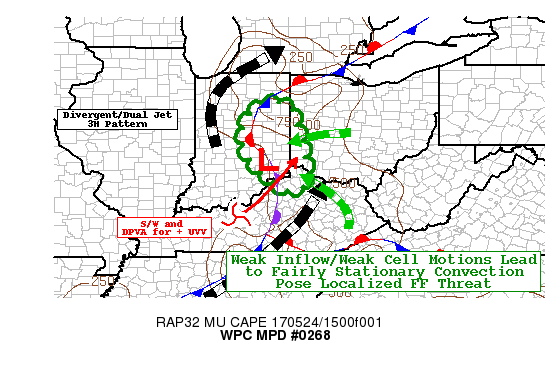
AREAS AFFECTED...EASTERN IND...NORTHERN KY...SOUTHWEST OH

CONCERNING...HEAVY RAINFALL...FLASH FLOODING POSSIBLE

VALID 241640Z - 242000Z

SUMMARY...NEARLY STATIONARY CONVECTION WITH REDEVELOPMENT MAY
SUPPORT ISOLATED TOTALS IN THE 2-3" RANGE AND LOCALIZED FF
CONCERNS IN THE SHORT-TERM.

DISCUSSION...RADAR MOSAIC AND GOES-16 VIS LOOP INDICATES
CONVECTIVE DEVELOPMENT OVER E IND HAS REACHED A HEALTHY BALANCE OF
INFLOW/CONVECTIVE STRENGTH AND CELL MOTIONS TO ALLOW FOR A NARROW
BAND OF THUNDERSTORMS TO REMAIN FAIRLY STATIONARY OVER THE LAST
HOUR OR SO.  RAP ANALYSIS SUGGESTS A MODEST POOL OF INSTABILITY
WITH MUCAPES TO 1000 J/KG WITH MODEST MOISTURE TO SUPPORT
CONVECTION SUPPORTING RAIN RATES UP TO 1.5"/HR.  INFLOW IS FAIRLY
MODEST WITH 5-10 KTS OF EASTERLY 850MB WINDS AND WITH CELL MOTIONS
ABOUT EQUAL BUT TOWARD THE NNW...UPSTREAM REDEVELOPMENT FROM THE
LOW LEVEL INFLOW SUPPORTS EFFECTIVELY STATIONARY PROPAGATION.

SHORTWAVE WITHIN DEEP UPPER LOW IS LIFTING NNE PROVIDING
SUFFICIENT DPVA AND FURTHER DIVERGENCE IN THE 4-250MB REGION TO
SUPPORT UL EVACUATION TO MAINTAIN BROAD SCALE UVVS TOO LIKELY
EXPANDING THE THREAT FURTHER SOUTH TOWARD CVG (WHERE FFG VALUES
ARE LOWER).  AN ADDITIONAL HOUR OR SO OF STATIONARY MOTIONS SHOULD
PERSIST BEFORE LOW LEVEL INFLOW INCREASES FROM THE EAST TO
15-20KTS (85H) AROUND 19Z...THIS SHOULD SUPPORT FORWARD (EASTWARD)
PROPAGATION AND LIMIT FLASH FLOODING CONCERN THOUGH BROAD
DEFORMATION ZONE WILL REMAIN IN PLACE PROVIDING MORE MILD
SHOWERS/RAINFALL THROUGH THE LATE AFTERNOON HOURS.